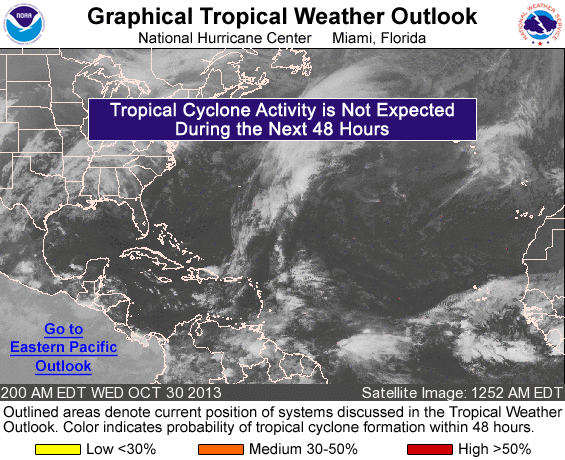
FOR THE NORTH ATLANTIC...CARIBBEAN SEA AND THE GULF OF MEXICO...

TROPICAL CYCLONE FORMATION IS NOT EXPECTED THROUGH FIVE DAYS.

&&
FIVE-DAY FORMATION PROBABILITIES ARE EXPERIMENTAL IN 2013. COMMENTS ON THE EXPERIMENTAL FORECASTS CAN BE PROVIDED AT...

HTTP://WWW.NWS.NOAA.GOV/SURVEY/NWS-SURVEY.PHP?CODE=ETWO

FORECASTER BROWN